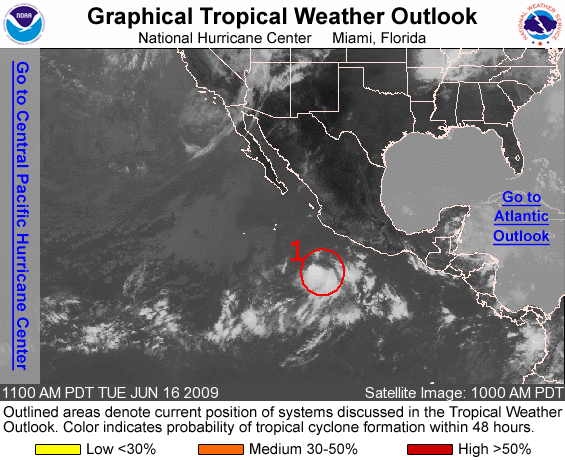
FOR THE EASTERN NORTH PACIFIC...EAST OF 140 DEGREES WEST LONGITUDE..

1. SHOWERS AND THUNDERSTORMS ASSOCIATED WITH AN AREA OF LOW PRESSURE LOCATED ABOUT 350 MILES SOUTH OF MANZANILLO MEXICO HAVE BECOME BETTER ORGANIZED THIS MORNING. FURTHER DEVELOPMENT OF THIS SYSTEM IS POSSIBLE AND IT HAS THE POTENTIAL TO BECOME A TROPICAL DEPRESSION DURING THE NEXT DAY OR TWO AS IT MOVES SLOWLY WEST- NORTHWESTWARD. THERE IS A HIGH CHANCE...GREATER THAN 50 PERCENT... OF THIS SYSTEM BECOMING A TROPICAL CYCLONE DURING THE NEXT 48 HOURS.

ELSEWHERE...TROPICAL CYCLONE FORMATION IS NOT EXPECTED DURING THE NEXT 48 HOURS.

FORECASTER KIMBERLAIN/PASCH